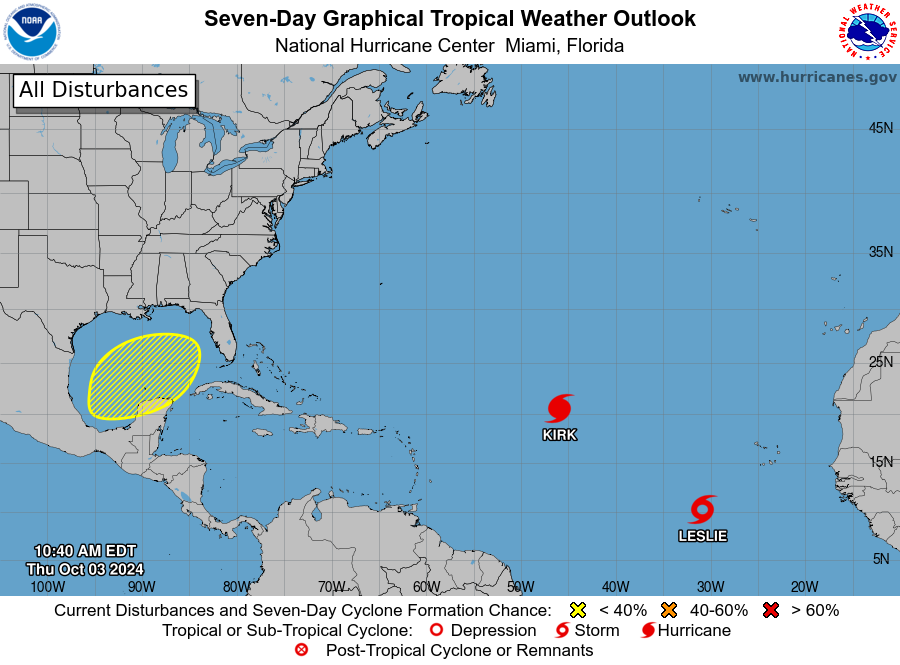
For the North Atlantic...Caribbean Sea and the Gulf of Mexico:

Active Systems: The National Hurricane Center is issuing advisories on Hurricane Kirk, located over the central tropical Atlantic Ocean, and on Tropical Storm Leslie, located over the eastern tropical Atlantic Ocean.

1. Gulf of Mexico: Disorganized showers and thunderstorms over portions of the Gulf of Mexico are associated with a surface trough. A broad area of low pressure is likely to develop over the Gulf of Mexico late this weekend or early next week, but subsequent tropical or subtropical development could be limited by the system's potential interaction with a frontal boundary. Regardless of development, locally heavy rains could occur over portions of Mexico during the next few days and over portions of the Florida Peninsula next week.
* Formation chance through 48 hours...low...near 0 percent.
* Formation chance through 7 days...low...30 percent.

Public Advisories on Leslie are issued under WMO header WTNT33 KNHC and under AWIPS header MIATCPAT3. Forecast/Advisories on Leslie are issued under WMO header WTNT23 KNHC and under AWIPS header MIATCMAT3.

Forecaster Beven